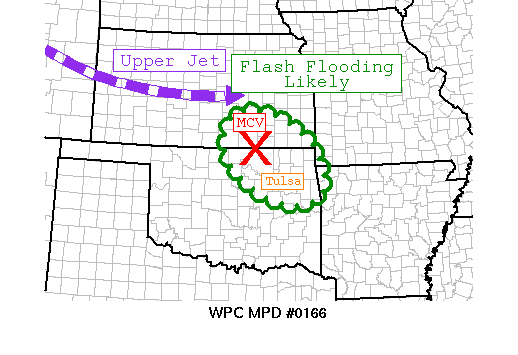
AREAS AFFECTED......SOUTHEAST KANSAS/NORTHEAST OKLAHOMA...

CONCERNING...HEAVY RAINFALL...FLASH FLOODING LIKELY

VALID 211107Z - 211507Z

SUMMARY...OCCASIONAL HEAVY RAIN ASSOCIATED WITH THE DECAYING
STAGES OF A MESOSCALE CONVECTIVE SYSTEM (MCS) WILL LIKELY WORSEN
ANY EXISTING FLOODING PROBLEMS BEFORE WANING.

DISCUSSION...THE CENTER OF A DECAYING MCS NORTH OF BARTLESVILLE
CONTINUES TO BE REINFORCED BY A UPPER JET CROSSING NORTHERN
KANSAS...SLOWING ITS DECAY.  CONVECTIVE INSTABILITY...WHILE
GENERALLY LOW...CONTINUES TO BE REPLENISHED BY A WESTERLY 25 TO 30
KNOT LOW LEVEL JET...WHICH IS NEGATING THE ADVECTIVE COMPONENT OF
THE CONVECTIVE ELEMENTS.  THE EVOLUTION ON RADAR ALONG WITH CLOSER
EXAMINATION OF REGIONAL RAP SOUNDINGS AND WSR-88D VAD WIND
PROFILER DATA SUGGEST NEARLY ALL NEW CONVECTION IS HIGH
BASED...LIKELY IN THE 850 TO 700 MB LAYER...POSSIBLY
HIGHER...RESULTING IN ONLY A LOW PROBABILITY OF CONTINUING TO
RECEIVE EXCEPTIONALLY HIGH RAINFALL RATES.

SOME LOCATIONS WITHIN THE HIGHLIGHTED AREA HAVE ALREADY RECEIVED
IN EXCESS OF 5 INCHES WHICH EXCEEDS 6-HOURLY FFG VALUES.  ALTHOUGH
THE MCS IS SLOWLY DECAYING...ADEQUATE SUPPORT FROM THE PREVIOUSLY
MENTIONED UPPER JET SHOULD ALLOW CONVECTION TO CONTINUE FOR
ANOTHER 2 TO 4 HOURS BEFORE WANING OR POSSIBLY REORGANIZING ALONG
NEW BOUNDARIES THIS AFTERNOON.  ANY SIGNIFICANT RAINFALL WITH THE
DECAYING MCS SHOULD BE ADEQUATE TO WORSEN ANY EXISTING FLOODING
PROBLEMS.